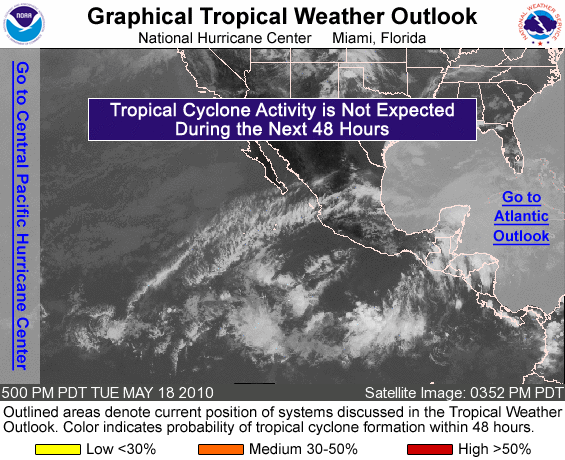
FOR THE EASTERN NORTH PACIFIC...EAST OF 140 DEGREES WEST LONGITUDE..

TROPICAL CYCLONE FORMATION IS NOT EXPECTED DURING THE NEXT 48 HOURS.

FORECASTER BROWN